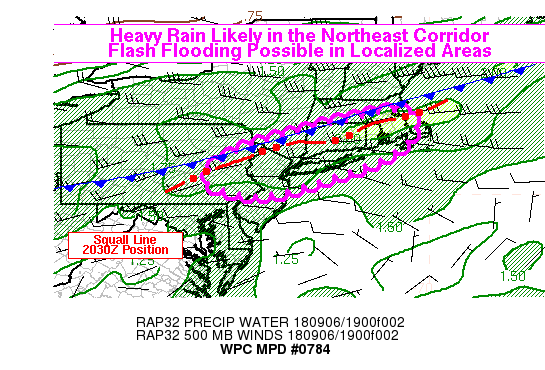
Areas affected...Northeast Corridor from eastern PA into
Massachusetts

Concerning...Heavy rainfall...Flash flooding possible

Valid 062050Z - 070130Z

Summary...A squall line will progress across the Northeast
Corridor, and will bring heavy rain to most of the region. Some
segments of the line may briefly hang up and produce locally
greater rainfall and the potential for flash flooding,
particularly if that occurs over urban areas. Rain rates of up to
2 in/hr will be possible with the strongest storms.

Discussion...Regional radars indicated a prominent and
nearly-continuous squall line just ahead of a synoptic cold front
stretching from near Boston, to just south of Hartford, to just
north of Allentown. In general, the squall line was progressing
steadily to the southeast, and should clear the Northeast Corridor
in the next several hours. However, some of the segments in the
line were oriented in a more west-east, or even west-northwest to
east-northeast, fashion and this could produce localized pockets
of an hour or two of training. Radar rainfall estimates from MRMS
were peaking in the 1.5 to 2.0 in/hr range where this sort of
storm morphology was occurring, and that could produce flash
flooding, particularly if aligned with urban areas.

Precipitable water values were around 1.8 inches per multiple GPS
observations, and this was very close to model analyzed values.
1.8 inch PWs for this time of year are above the 90th percentile
in this region, and should support heavy rain rates. The upper end
of rainfall potential may be capped somewhat by a few factors: (1)
the relatively progressive motion of the overall squall line; (2)
strong instability supporting greater amount of hail; (3) some
slight drying in the mid-upper levels of the troposphere, evident
in the GOES-16 Air Mass RGB.  Nevertheless, with the heavy rain
rates and potential for transient pockets of training convection,
flash flooding does seem possible in the region.

A favored area for flooding issues may be from southern New York
into northern New Jersey and the NYC Metro area. GOES-16 visible
satellite showed a second band of developing convection ahead of
the main squall line near I-80 in northern New Jersey, and this
could eventually lead to a wider band of thunderstorms in the
region (thus prolonging the period of heavy rain), or perhaps
providing some antecedent rainfall to saturate the top layers of
the ground.